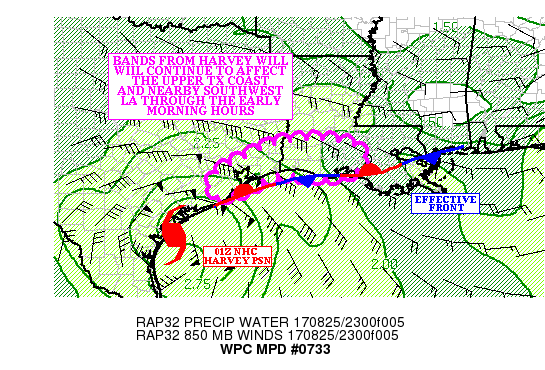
AREAS AFFECTED...UPPER TX COAST AND NEARBY SOUTHWEST LA

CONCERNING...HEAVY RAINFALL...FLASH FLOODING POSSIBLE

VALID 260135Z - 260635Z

SUMMARY...OUTER BANDS FROM HURRICANE HARVEY WILL CONTINUE TO CROSS
THE UPPER TX COAST AND NEARBY SOUTHWEST LA INTO THE EARLY MORNING
HOURS.

DISCUSSION...THE GOES-16 CLEAN IR LOOP SHOWED BURSTS OF DEEP
CONVECTION IN THE OUTER BANDS OF HURRICANE HARVEY SOUTH OF THE
CENTRAL LA COAST...AS WELL OVER THE UPPER TX COAST SOUTH OF
HOUSTON...WHERE CLOUD TOPS TEMPERATURES WERE NEAR -75 DEGREE
CELSIUS.

THE HGX RADAR SHOWED HOURLY RAINFALL RATES NEAR 2.00 INCHES WITH
THE DEEP CONVECTION JUST SOUTH OF THE HOUSTON METRO AREA. AS THE
BANDING HAS APPROACHED THE COAST... INSTABILITY DECREASED NEAR A
FRONTAL
BOUNDARY EXTENDING FROM THE MIDDLE TX COAST THROUGH SOUTHERN MS.
THE BEST INSTABILITY LIES SOUTH OF THE FRONT...AND AS THE
CONVECTION APPROACHES THE COAST... ISENTROPIC LIFT OVER THE FRONT
HAS BEEN SPREADING OUT THE ELEVATED INSTABILITY... RESULTING IN A
WEAKENING TREND FOR MOST OF THE OUTER BANDS.

THE BANDING FEATURES ARE EXPECTED TO CONTINUE COMING ASHORE OVER
THE UPPER TX COAST AND NEARBY SOUTHWEST LA THROUGH THE EARLY
MORNING HOURS. THE CONVECTION IS EXPECTED WEAKEN A BIT AS IT
REACHES THE
COAST...BUT HOURLY RAINFALL RATES OF 2.00 INCHES COULD RESULT IN
LOCAL 2.50 TO 5.00 INCHES OF QPF...ESPECIALLY WHERE THE BANDING
ALLOWS SHORT TERM TRAINING IN THE VICINITY OF HOUSTON.

WHILE IS POSSIBLE THAT THE HRRR IS OVERESTIMATING THE AVAILABLE
INSTABILITY...THE CONTINUED HEAVY RAINFALL WITH THE BANDING
FEATURES WILL EXTEND THE FLASH FLOOD THREAT INTO THE EARLY MORNING
HOURS.